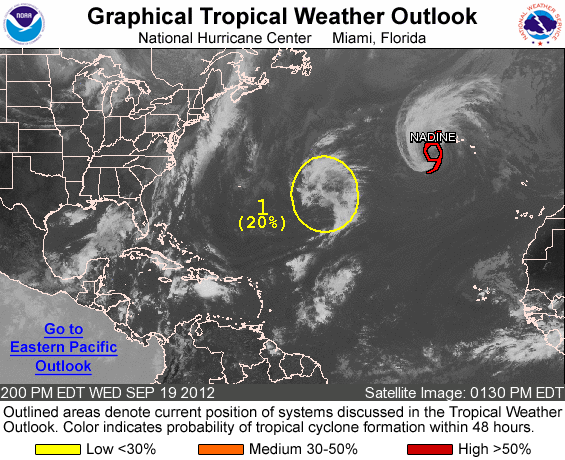
FOR THE NORTH ATLANTIC...CARIBBEAN SEA AND THE GULF OF MEXICO...

THE NATIONAL HURRICANE CENTER IS ISSUING ADVISORIES ON TROPICAL STORM NADINE...LOCATED ABOUT 165 MILES SOUTH-SOUTHWEST OF THE ISLAND OF FLORES IN THE AZORES.

1. DISORGANIZED SHOWERS AND THUNDERSTORMS LOCATED OVER THE CENTRAL ATLANTIC ABOUT 800 MILES EAST OF BERMUDA ARE ASSOCIATED WITH A DEVELOPING NON-TROPICAL LOW PRESSURE SYSTEM. THE LOW COULD BEGIN TO ACQUIRE TROPICAL OR SUBTROPICAL CHARACTERISTICS AS IT MOVES WESTWARD TO WEST-NORTHWESTWARD AT ABOUT 10 MPH DURING THE NEXT COUPLE OF DAYS. THIS SYSTEM HAS A LOW CHANCE...20 PERCENT...OF BECOMING A TROPICAL OR SUBTROPICAL CYCLONE DURING THE NEXT 48 HOURS.

ELSEWHERE...TROPICAL CYCLONE FORMATION IS NOT EXPECTED DURING THE NEXT 48 HOURS.

FORECASTER PASCH